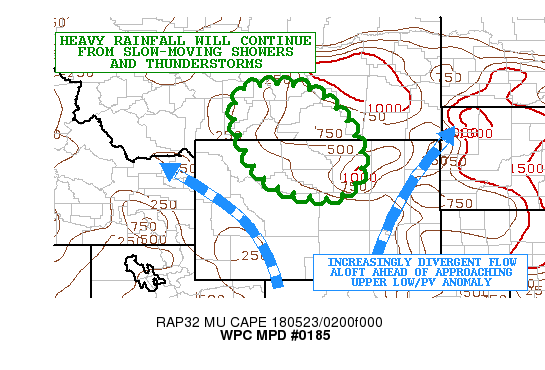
AREAS AFFECTED...SOUTH-CENTRAL MT...NORTHERN WY

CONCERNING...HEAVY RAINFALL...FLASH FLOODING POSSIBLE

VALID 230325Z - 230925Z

SUMMARY...SLOW-MOVING SHOWERS AND THUNDERSTORMS WITH HEAVY
RAINFALL RATES WILL CONTINUE. RUNOFF AND FLASH FLOODING WILL
REMAIN POSSIBLE.

DISCUSSION...GOES-16 1-MINUTE CLEAN IR SATELLITE IMAGERY HAS BEEN
SHOWING A NOTABLE UPTICK IN CONVECTIVE CLOUD TOP COOLING OVER
CARBON AND STILLWATER COUNTIES OF SOUTH-CENTRAL MT...AND DOWN
ACROSS SHERIDAN AND JOHNSON COUNTIES OF NORTHERN WY AS HEAVY
SHOWERS AND THUNDERSTORMS EVOLVE OVER THIS REGION.

THE ACTIVITY IS BEING FOSTERED BY A RELATIVELY UNSTABLE BOUNDARY
LAYER CHARACTERIZED BY MUCAPE VALUES OF 500 TO 1000 J/KG AND A
SOMEWHAT FOCUSED AREA OF SURFACE MOISTURE CONVERGENCE.
ADDITIONALLY...THERE IS INCREASINGLY DIVERGENT FLOW ALOFT AROUND
THE NORTHEAST FLANK OF AN UPPER LOW OVER THE GREAT BASIN. IN
FACT...THE LATEST GOES-16 WV AND AIRMASS-RGB IMAGERY SUITE ARE
SUGGESTING A PV ANOMALY ANGLING NORTHEAST ACROSS NORTHEAST UT AND
NORTHWEST CO.

LARGER SCALE FORCING IS EXPECTED TO INCREASE FURTHER OVERNIGHT
ACROSS AREAS OF NORTHERN WY AND SOUTH-CENTRAL MT AS THE UPPER LOW
AND EJECTING PV ANOMALY APPROACHES FROM THE SOUTHWEST AND THE
REGION BEGINS TO GET INTO A MORE FAVORABLE MID LEVEL DEFORMATION
AXIS. SO WHILE THE INSTABILITY PARAMETERS WILL TEND TO WEAKEN WITH
THE LOSE OF DIURNAL HEATING...THE DYNAMICAL SET-UP IS EXPECTED TO
FAVOR AT LEAST SOME DEGREE OF ORGANIZED CONVECTION FOR SEVERAL
MORE HOURS ALONG WITH HEAVY RAINFALL POTENTIAL.

IN THE SHORT-TERM...RAINFALL RATES ARE EXPECTED TO BE AS MUCH AS
1.5 INCHES/HR GIVEN SUCH COLD CONVECTIVE TOPS AND PWATS OF LOCALLY
NEAR 1 INCH WHICH IS ABOUT 1.5 STANDARD DEVIATIONS ABOVE NORMAL.
AFTER ABOUT 06Z...THE RAINFALL RATES SHOULD TEND TO COME DOWN TO
UNDER 1 INCH/HR...BUT THERE WILL REMAIN A FAIR DEGREE OF
CONCENTRATED AND LOCALLY HEAVY RAINFALL GIVEN THE LARGER SCALE
ASCENT.

EXPECT ADDITIONAL RAINFALL TOTALS OF AS MUCH AS 2 TO 4 INCHES
GOING THROUGH 09Z...WITH LOCALLY HEAVIER AMOUNTS NOT OUT OF THE
QUESTION GIVEN SOME OF SLOW CONVECTIVE CELL MOTIONS. SOME RUNOFF
PROBLEMS AND FLASH FLOODING CONCERNS WILL REMAIN THROUGH 09Z. WILL
CONTINUE TO MONITOR.